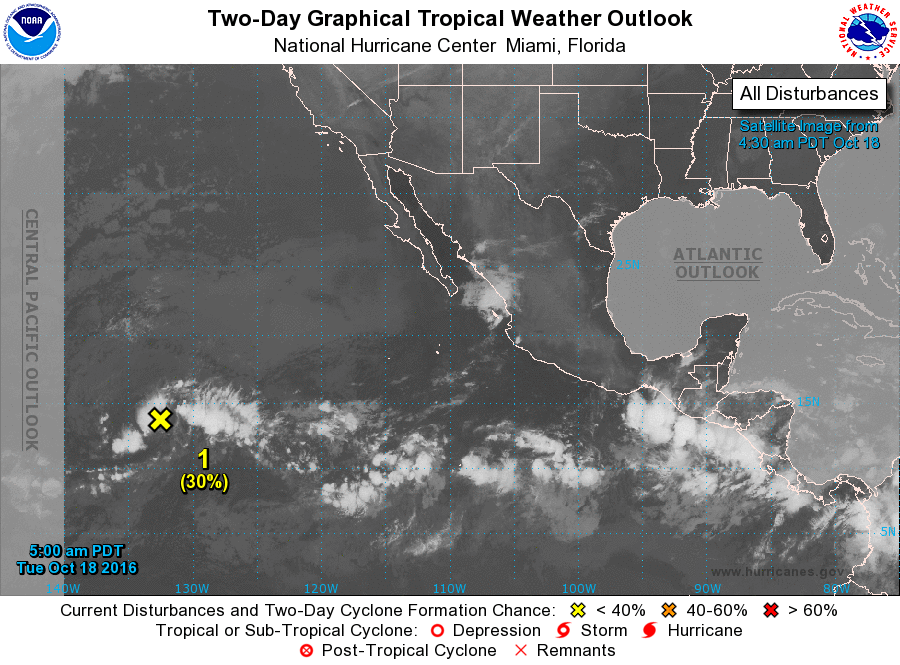
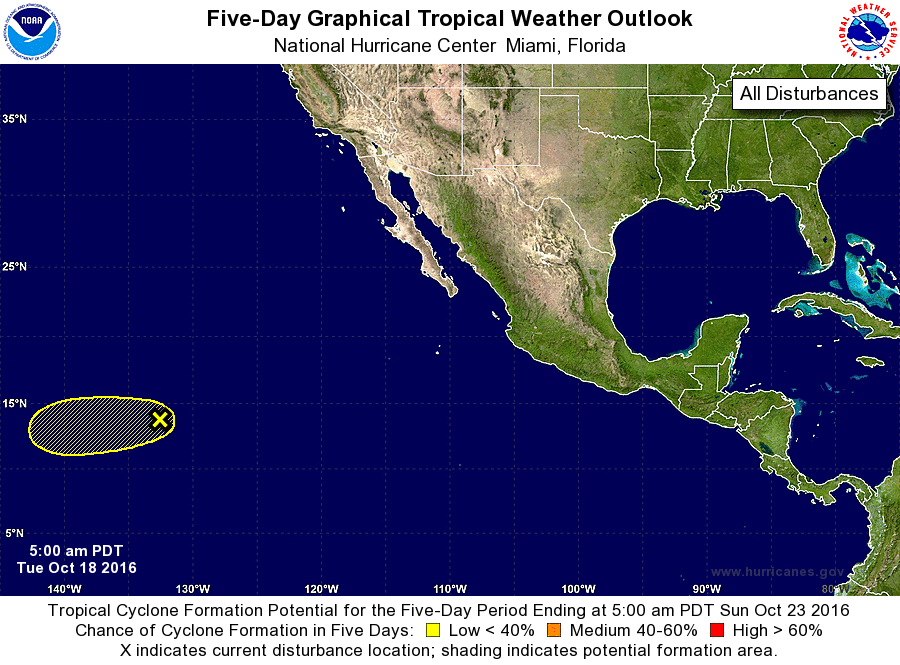
For the eastern North Pacific...east of 140 degrees west longitude:

1. A low pressure system located about 1650 miles west-southwest of the southern tip of the Baja California peninsula continues to produce disorganized showers and thunderstorms. Some development of this system is possible during the next couple of days before environmental conditions become less conducive. The low is forecast to move west-southwestward at about 10 mph during the next few days.
* Formation chance through 48 hours...low...30 percent
* Formation chance through 5 days...low...30 percent

Forecaster Blake